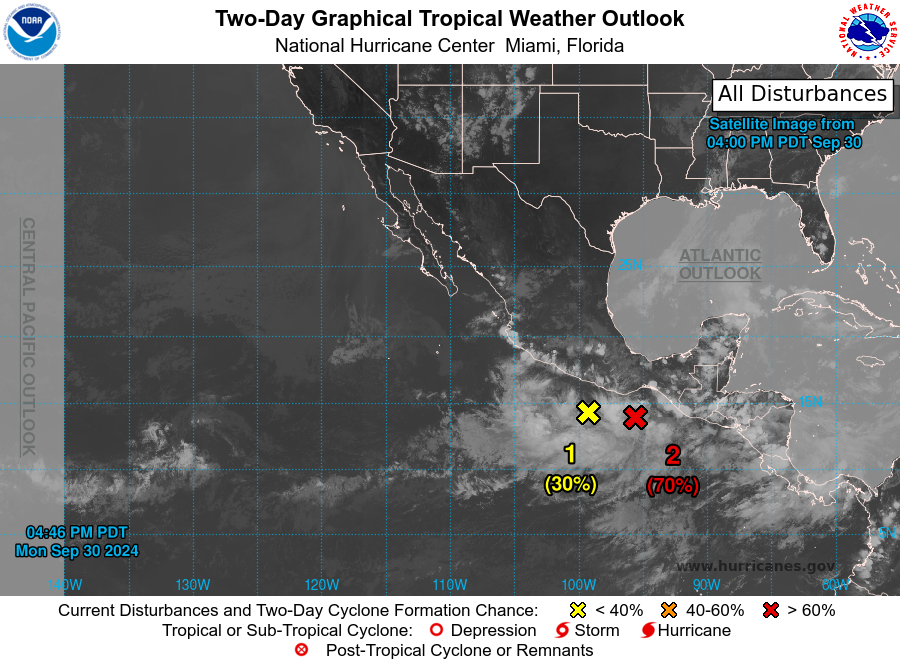
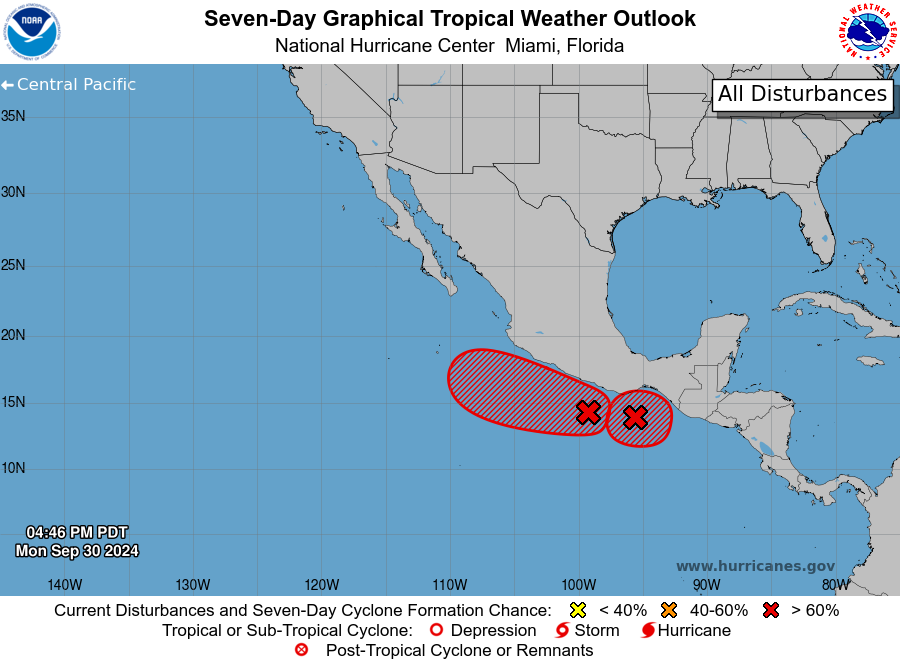
For the eastern North Pacific...east of 140 degrees west longitude:

1. Offshore of Southwestern Mexico: An area of low pressure is expected to gradually form off the coast of southwestern Mexico during the next day or so. Environmental conditions are expected to be conducive for development after that time, and a tropical depression is expected to form by the end of the week. The disturbance is forecast to meander near or just offshore of the coast of Mexico for much of the week, and then begin moving slowly west-northwestward, parallel to the coast of Mexico by this weekend. Regardless of development, this system is expected to contribute to heavy rainfall across portions of the southwestern coast of Mexico that were already adversely affected by substantial rainfall last week, and interests there should monitor the progress of this disturbance.
* Formation chance through 48 hours...low...30 percent.
* Formation chance through 7 days...high...70 percent.

2. South of the Gulf of Tehuantepec (96E): Showers and thunderstorms associated with an area of low pressure near the Gulf of Tehuantepec have continued to become better organized this afternoon. Although the system does not yet appear to have a well-defined surface circulation, environmental conditions are expected to be conducive for additional development, and a tropical depression is likely to form as soon as tonight or tomorrow. This system is forecast to meander for the next couple of days before drifting northward towards the southern coast of Mexico, and interests there should monitor the progress of this system. Regardless of development, heavy rain is possible along most of the coast of southern Mexico and northern Central America throughout this week.
* Formation chance through 48 hours...high...70 percent.
* Formation chance through 7 days...high...70 percent.

Forecaster D. Zelinsky